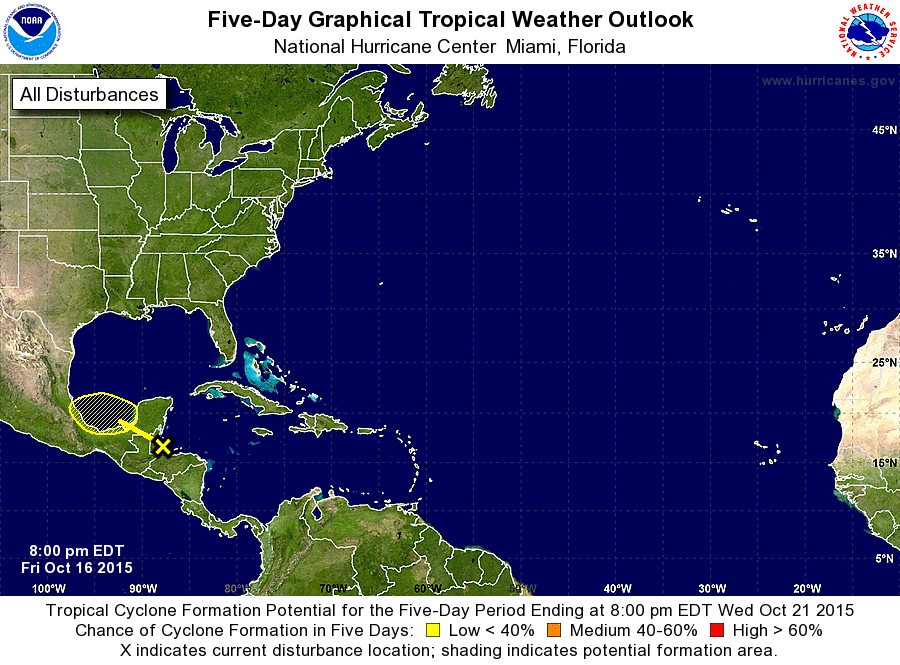
For the North Atlantic...Caribbean Sea and the Gulf of Mexico:

1. A broad area of low pressure located over the Gulf of Honduras and the adjacent land areas is producing a large area of cloudiness, showers, and thunderstorms. Land interaction is expected to preclude significant development of this system during the next day or so while it moves slowly west-northwestward across the Yucatan Peninsula. However, some limited development is possible on Sunday or Monday if the system emerges into the Bay of Campeche. Regardless of tropical cyclone formation, this system could produce heavy rainfall across portions of Honduras, Belize, and the Yucatan Peninsula through the weekend.
* Formation chance through 48 hours...low...10 percent
* Formation chance through 5 days...low...20 percent

Forecaster Beven